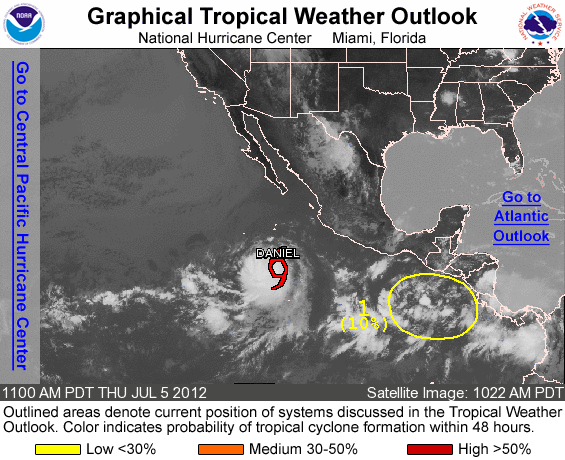
FOR THE EASTERN NORTH PACIFIC...EAST OF 140 DEGREES WEST LONGITUDE..

THE NATIONAL HURRICANE CENTER IS ISSUING ADVISORIES ON TROPICAL STORM DANIEL...LOCATED ABOUT 600 MILES SOUTH OF THE SOUTHERN TIP OF BAJA CALIFORNIA.

1. AN ELONGATED AREA OF SHOWER AND THUNDERSTORM ACTIVITY REMAINS DISORGANIZED OVER THE FAR EASTERN PACIFIC OFF OF THE COAST OF CENTRAL AMERICA. SOME SLOW DEVELOPMENT OF THIS SYSTEM IS POSSIBLE OVER THE NEXT FEW DAYS. THIS SYSTEM HAS A LOW CHANCE...10 PERCENT...OF BECOMING A TROPICAL CYCLONE DURING THE NEXT 48 HOURS AS IT MOVES WESTWARD AT ABOUT 10 MPH.

ELSEWHERE...TROPICAL CYCLONE FORMATION IS NOT EXPECTED DURING THE NEXT 48 HOURS.

FORECASTER BLAKE